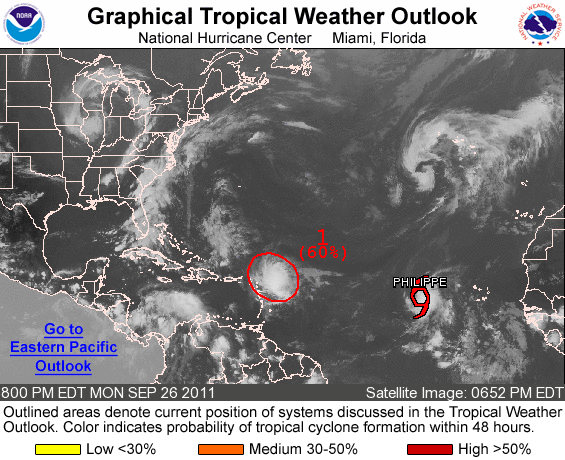
FOR THE NORTH ATLANTIC...CARIBBEAN SEA AND THE GULF OF MEXICO...

THE NATIONAL HURRICANE CENTER IS ISSUING ADVISORIES ON TROPICAL STORM PHILIPPE...LOCATED ABOUT 695 MILES WEST OF THE CAPE VERDE ISLANDS.

1. SATELLITE IMAGES INDICATE THAT THE SURFACE CIRCULATION ASSOCIATED WITH THE REMNANTS OF OPHELIA IS BECOMING BETTER DEFINED. THE SYSTEM CONTINUES TO PRODUCE A LARGE AREA OF SHOWERS AND THUNDERSTORMS THAT EXTENDS SEVERAL HUNDRED MILES EAST OF THE NORTHERN LEEWARD ISLANDS...AND UPPER-LEVEL WINDS APPEAR SUFFICIENTLY CONDUCIVE FOR ADDITIONAL DEVELOPMENT AS THE DISTURBANCE MOVES SLOWLY NORTHWESTWARD OVER THE NEXT COUPLE OF DAYS. THIS SYSTEM HAS A HIGH CHANCE...60 PERCENT...OF REGENERATING INTO A TROPICAL CYCLONE DURING THE NEXT 48 HOURS. LOCALLY HEAVY RAINS ARE POSSIBLE OVER PORTIONS OF THE NORTHERN LEEWARD ISLANDS THROUGH WEDNESDAY.

ELSEWHERE...TROPICAL CYCLONE FORMATION IS NOT EXPECTED DURING THE NEXT 48 HOURS.

FORECASTER BERG